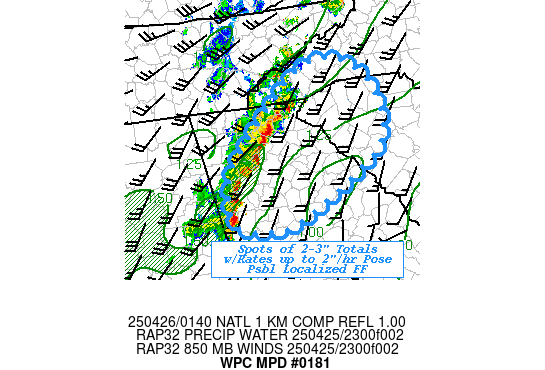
Areas affected...Northern GA...Upstate SC...Western NC...

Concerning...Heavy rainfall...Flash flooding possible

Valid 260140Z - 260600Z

SUMMARY...Progressive, but intense line moving through rugged
terrain poses a possible localized flash flooding concern through
early overnight period.

DISCUSSION...GOES-E 10.3um loop shows a rapidly cooling and
upstream expanding line of thunderstorms across northeastern GA
with additional cooling noted along the southwestern edge of the
older outflow boundary moving out of AL into western GA.  RAP
analysis supported by surface observations shows some remaining
elevated temperatures in the mid 70s to a few low 80s across the
northern portion of the state.  Tds in the mid 60s and steepening
lapse rates aloft continue to support a pocket of 1000-1250 J/kg
of CAPE along/ahead of the convergence line.  Additionally,
surface to boundary layer winds have backed and increased
orthogonality to the line to further increase convergence and
updraft strength. Deep layer moisture lags the instability axis
slightly, but confluent low level flow of 15-20kts, help flux
convergence with PWats reaching about 1.5".

RADAR trends show some northeast cell motions within the line,
especially further north to subtly increased heavy rainfall
duration, as such, rates of 1.5-2"/hr have already been estimated
across the northeast and spots of 2-3" are possible as the line
crosses the area.  Given complex terrain and lower FFG values, a
spot or two of exceedance suggest flash flooding is possible.
Also of note, the line is in the process of crossing the Atlanta
metro, which is also prone to such rates given impermeable
surfaces.  Otherwise, the progressive nature will likely limit
overall flooding risk to lower end and isolated to widely
scattered in nature through early overnight period.